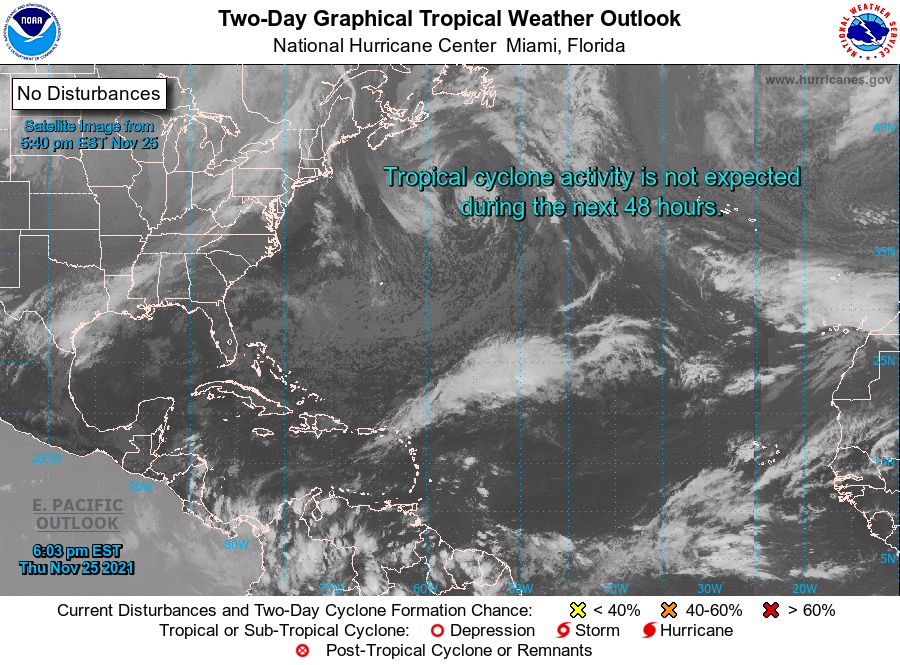
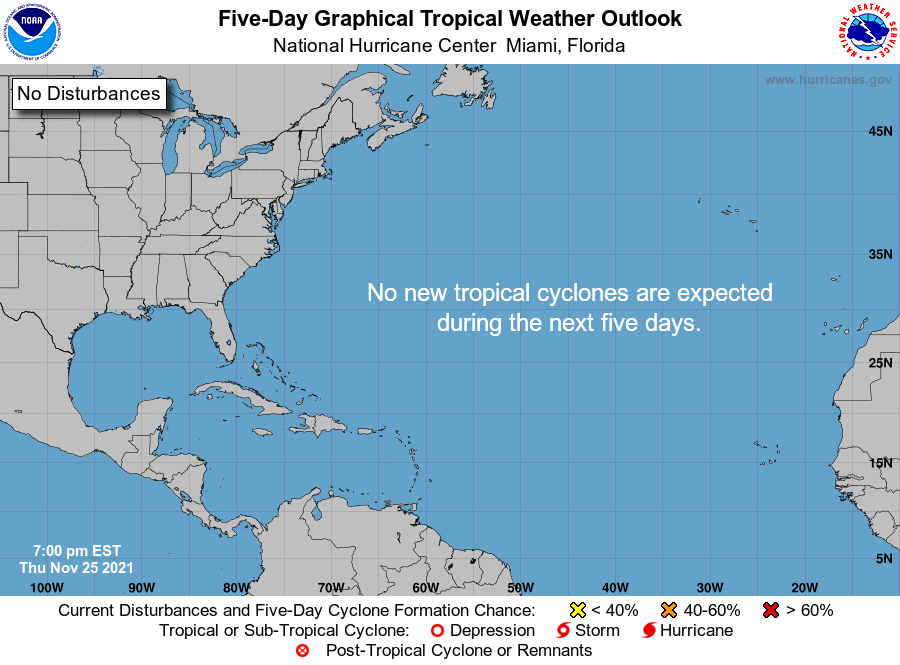
For the North Atlantic...Caribbean Sea and the Gulf of Mexico:

Tropical cyclone formation is not expected during the next 5 days.

Forecaster D. Zelinsky